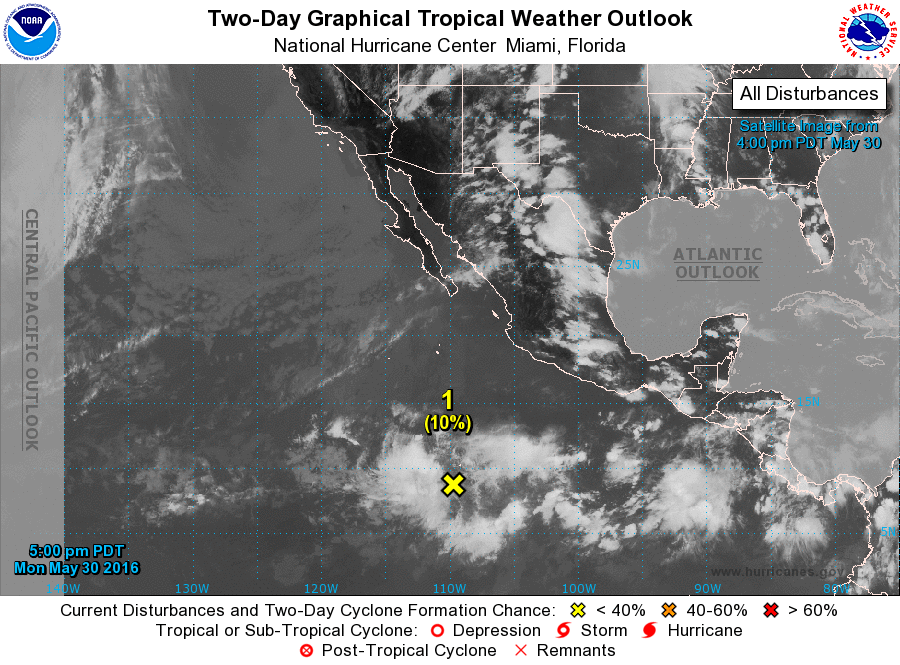
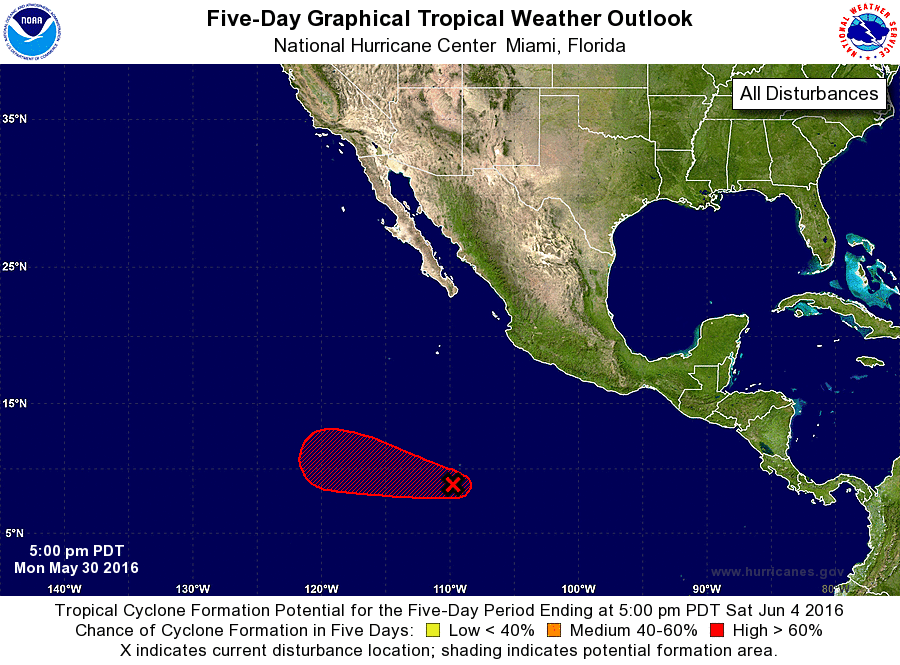
For the eastern North Pacific...east of 140 degrees west longitude:

1. A broad area of low pressure located about 950 miles south of the southern tip of the Baja California peninsula is producing disorganized showers and thunderstorms. Environmental conditions are expected to be conducive for gradual development of this system, and a tropical depression is likely to form later this week as the disturbance moves slowly west-northwestward.
* Formation chance through 48 hours...low...10 percent
* Formation chance through 5 days...high...70 percent

Forecaster Cangialosi